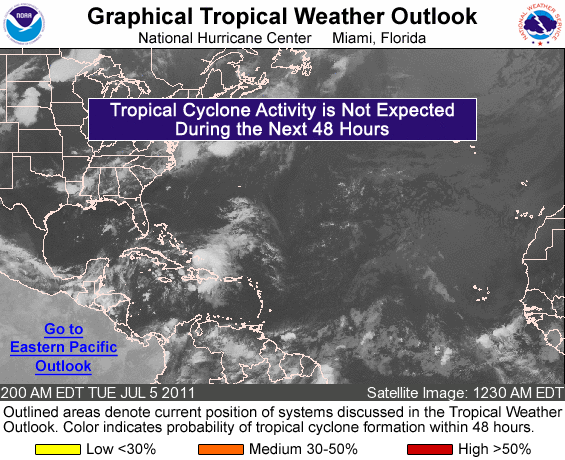
FOR THE NORTH ATLANTIC...CARIBBEAN SEA AND THE GULF OF MEXICO...

TROPICAL CYCLONE FORMATION IS NOT EXPECTED DURING THE NEXT 48 HOURS.

FORECASTER BRENNAN